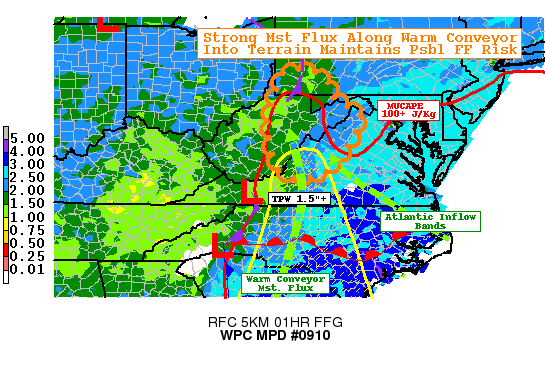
AREAS AFFECTED...EASTERN/NORTHERN WV...SOUTHWEST PA...NORTHWEST
VA...FAR WESTERN MD

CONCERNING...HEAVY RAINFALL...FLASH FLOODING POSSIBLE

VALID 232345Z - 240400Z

SUMMARY...LINGERING FLASH FLOOD RISK WITHIN TERRAIN OF CENTRAL
APPALACHIANS.

DISCUSSION...VERY STRONG SYNOPTIC CYCLONE DOMINATES THE OHIO
VALLEY WITH HIGHLY ANOMALOUS MOIST WARM CONVEYOR BELT ACROSS
EASTERN US PUMPING MOISTURE AND SOME MODEST ELEVATED INSTABILITY
INTO TERRAIN OF VA/WV. OVERALL THE PICTURE APPEARS TO BE IMPROVING
AS LARGE CONVECTIVE SHIELD CONTINUES TO ERODE AND WARM ACROSS
SOUTH CENTRAL VA.  A SURFACE LOW IN FAR NW NC WITH SOUTHWARD
EXTENDING COLD FRONT THROUGH THE CENTRAL CAROLINAS. EAST OF WHICH
VERY STRONG (30-40KT) SOUTHERLY AND SOUTHEASTERLY LOW LEVEL FLOW
(925-850MB) IS ADVECTED OVER WEAK EFFECTIVE WARM FRONT DENOTED BY
UPPER 60S/LOW 70S TDS SOUTH ACROSS NC/SC BORDER SEPARATING MT
GULF/CARIBBEAN AIR FROM ATLANTIC MT AIR INTO A FAIRLY NARROW
TROWAL ACROSS THE CENTRAL APPALACHIANS AT THIS TIME.  NEAR THE
FRONT INSTABILITY OF 250-500 J/KG MUCAPE STILL EXISTS AN AT LEAST
100 J/KG AS FAR NORTH AS THE EASTERN WV PANHANDLE ALONG WITH TOTAL
PWATS UP TO 1.5".  THESE PARAMETERS/FLUX INTO TERRAIN WILL
CONTINUE TO SUPPORT 1-1.25"/HR RAIN RATES WITH 2-3 HR DURATION
ALLOWING FOR 2-3" TOTALS (POSSIBILY HIGHER FURTHER SOUTH ACROSS
THE WESTERN VA)...LESSER FURTHER NORTH BUT GIVEN LOWER FFG ACROSS
WV/SW PA THERE REMAINS SOME MINOR FF THREAT THERE AS WELL EVEN
WITH 1-2" TOTALS.

HOWEVER...LIMITING FACTORS TOWARD EXCEEDING FLASH FLOOD GUIDANCE
CONTINUE TO GROW.  FOREMOST BEING INCREASED CAPPING/FURTHER
DISTANCE FROM WARM SECTOR AS WELL AS STEADILY INCREASING FFG
VALUES OVER EASTERN WV/NW VA.  ADDITIONALLY...WARM CONVEYOR BELT
WILL START TO REDUCE OPTIMAL ANGLE OF TERRAIN FOR OROGRAPHIC
ASCENT.  ALL CONSIDERED THE THREAT OF FLASH FLOODING REMAINS BUT
THE OVERALL MAGNITUDE IS REDUCING IN AREAL COVERAGE/RISK COMPARED
TO FURTHER SW EARLIER TODAY.